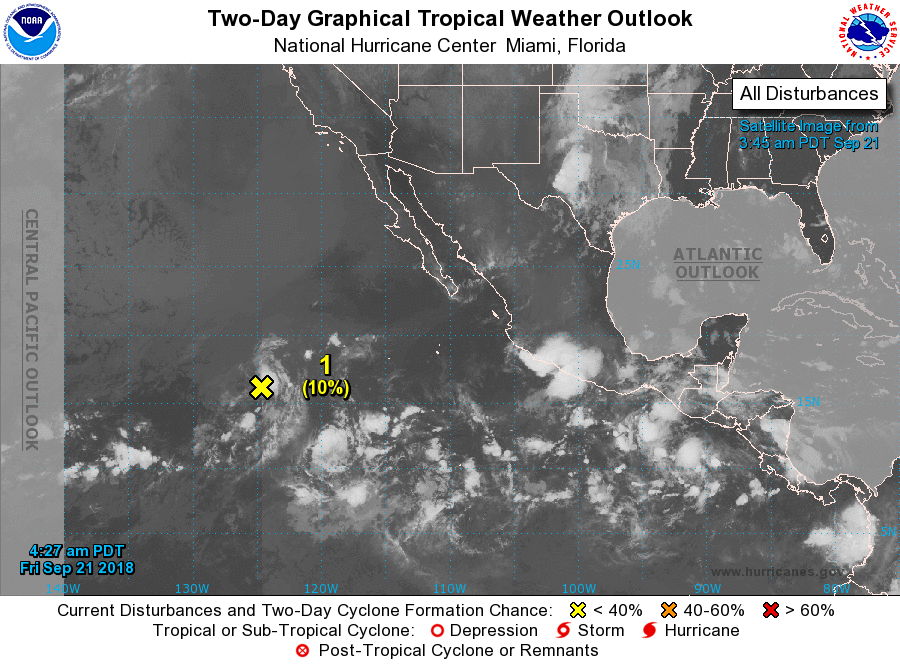
For the eastern North Pacific...east of 140 degrees west longitude:

1. A weak area of low pressure located about 1100 miles west-southwest of the southern tip of the Baja California peninsula continues to produce disorganized shower activity. Strong upper-level winds should make development less likely while the system moves west- northwestward at 10 mph.
* Formation chance through 48 hours...low...10 percent.
* Formation chance through 5 days...low...10 percent.

2. An area of low pressure is expected to form in a couple of days well to the south of the southern coast of Mexico. Some slow development is possible early next week while the system moves nearly parallel and well offshore of the southwestern coast of Mexico.
* Formation chance through 48 hours...low...near 0 percent.
* Formation chance through 5 days...medium...40 percent.

Forecaster Cangialosi